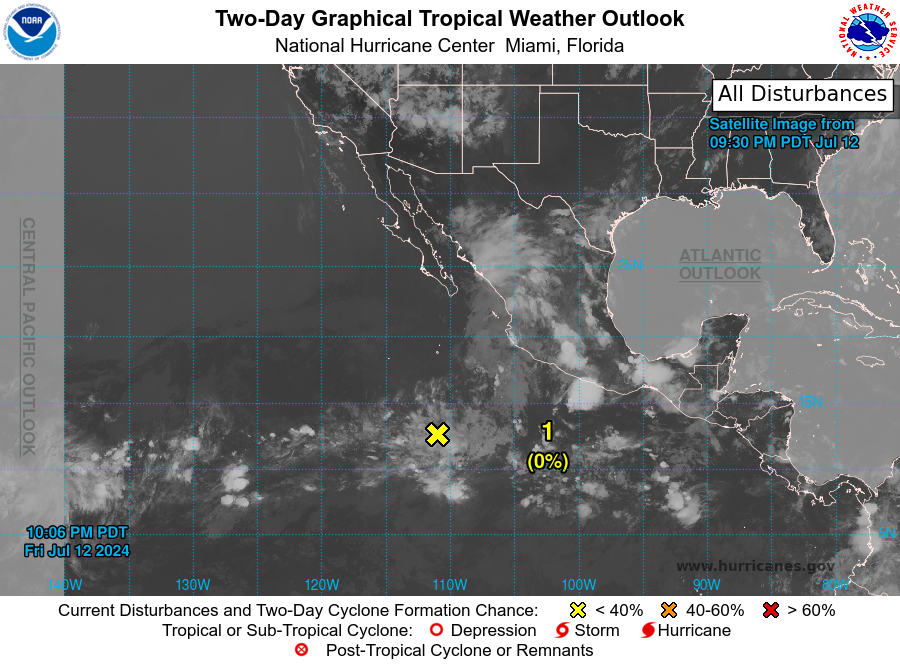
For the eastern North Pacific...east of 140 degrees west longitude:

1. Central and Western East Pacific: A pair of tropical waves located south and southwest of the coast of Mexico are producing a large area of disorganized shower and thunderstorm activity. These waves are likely to merge in a few days, but subsequent development, if any, should be slow to occur while the system moves west-northwestward across the central and western portion of the basin next week.
* Formation chance through 48 hours...low...near 0 percent.
* Formation chance through 7 days...low...10 percent.

Forecaster Berg